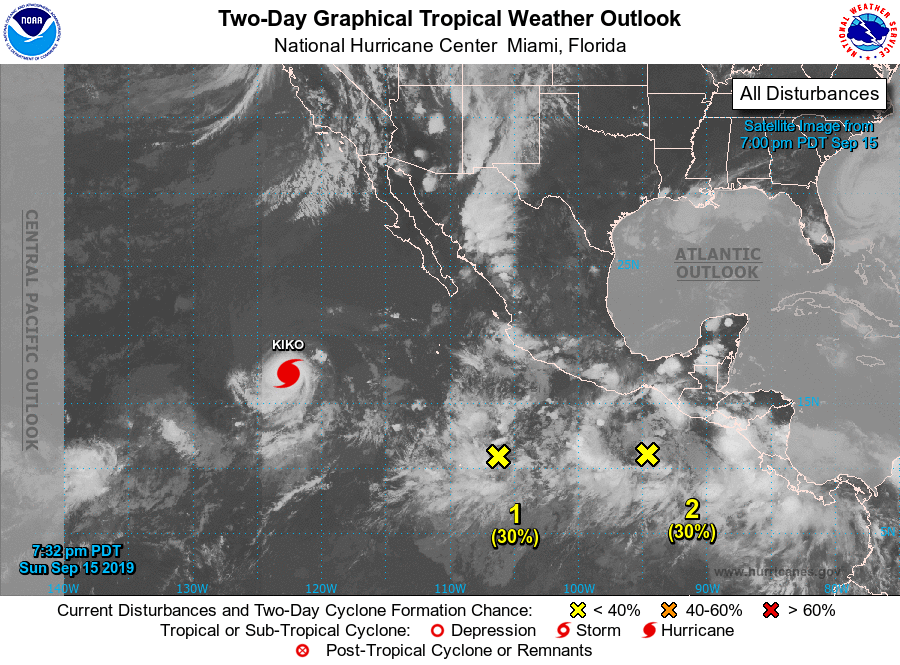
For the eastern North Pacific...east of 140 degrees west longitude:

The National Hurricane Center is issuing advisories on Hurricane Kiko, located several hundred miles west-southwest of the southern tip of the Baja California peninsula.

1. A broad area of low pressure centered several hundred miles south of Manzanillo, Mexico, is producing disorganized showers and thunderstorms. Some gradual development of this system is possible during the next several days, and a tropical depression could form around the middle of the week while it moves slowly west-northwestward well offshore of the southwestern coast of Mexico.
* Formation chance through 48 hours...low...30 percent.
* Formation chance through 5 days...medium...50 percent.

2. A large area of disorganized cloudiness and showers centered several hundred miles south of the Gulf of Tehuantepec is associated with a tropical wave. Environmental conditions are expected to be conducive for gradual development, and a tropical depression is likely to form around the middle of the week as the system moves west-northwestward near, or parallel to, the coast of Mexico.
* Formation chance through 48 hours...low...30 percent.
* Formation chance through 5 days...high...70 percent.

Forecaster Cangialosi